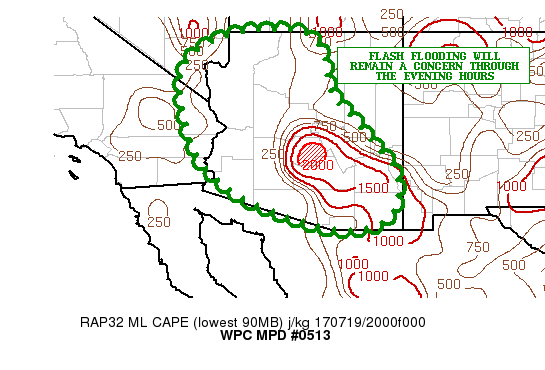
AREAS AFFECTED...FAR EASTERN CA...FAR SOUTHEAST NV...AZ

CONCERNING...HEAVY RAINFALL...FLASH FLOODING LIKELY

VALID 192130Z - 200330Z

SUMMARY...MONSOONAL SHOWERS AND THUNDERSTORMS WILL CONTINUE WELL
INTO THE EVENING HOURS. SOME FLASH FLOODING IS EXPECTED.

DISCUSSION...CLUSTERS OF THUNDERSTORMS CONTINUE TO DEVELOP AND
EXPAND IN COVERAGE OVER MUCH OF CENTRAL AND WESTERN AZ IN RESPONSE
TO STRONG DIURNAL HEATING AND PLENTY OF DEEPER LAYER MOISTURE.
PWATS CONTINUE RUN GENERALLY IN THE 1.7 TO 1.9 INCH RANGE...WITH A
BIT MORE DRY AIR NOW SEEN FARTHER EAST ATTEMPTING TO ADVECT WEST.

EXPECT NUMEROUS SHOWERS AND THUNDERSTORMS THROUGH THE REMAINDER OF
THE AFTERNOON AND INTO THE EVENING HOURS AS STRONG DIURNAL
HEATING/SURFACE-BASED INSTABILITY...DEEPER MOISTURE AND
OROGRAPHICS ALL WORK IN TANDEM TO PROMOTE FAIRLY WIDESPREAD
CONVECTIVE COVERAGE. RAINFALL RATES OF UP TO 2.5 INCHES/HR ARE
GOING TO BE POSSIBLE THROUGH THE PERIOD GIVEN THE LEVEL OF DEEPER
MOISTURE WHICH THE LATEST CIRA-LPW PRODUCT AS OF 18Z CONFIRMS. THE
NOTABLE CONCENTRATION OF MOISTURE IN THE 500/300 MB LAYER WILL
PROMOTE HIGHLY EFFICIENT RAINFALL PROCESSES FOR ENHANCED RAINFALL
RATES.

EXPECT ADDITIONAL RAINFALL AMOUNTS THIS PERIOD OF AS MUCH AS 3 TO
4 INCHES...AND THIS IS LIKELY GOING TO CAUSE MORE FLASH FLOODING
AT LEAST LOCALLY AND ESPECIALLY IN VICINITY OF AREA DRY
WASHES/ARROYOS AND WHERE STEEPER TERRAIN WILL ENHANCE RUNOFF
THROUGH DOWNSTREAM CANYON AREAS.